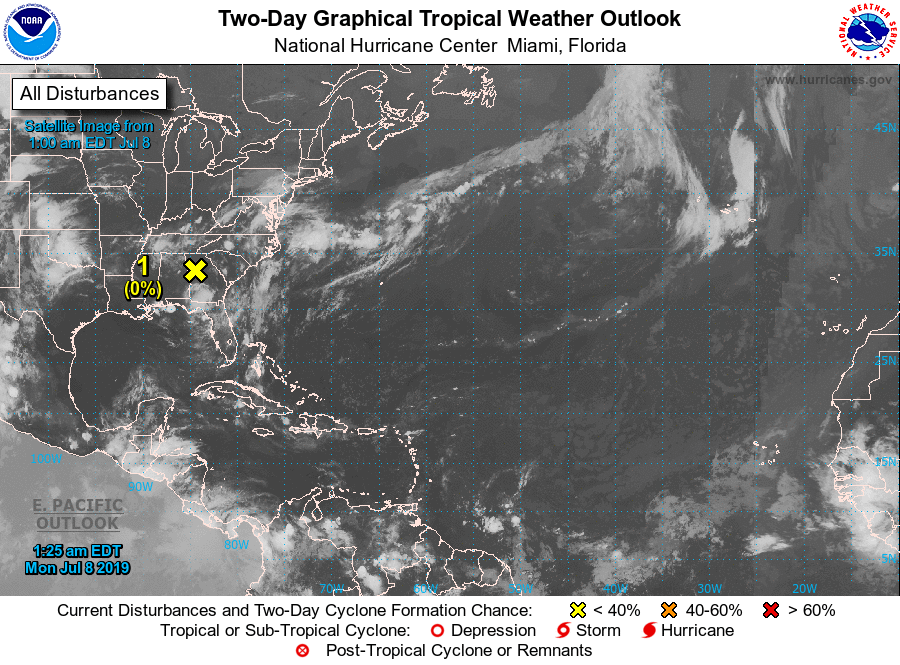
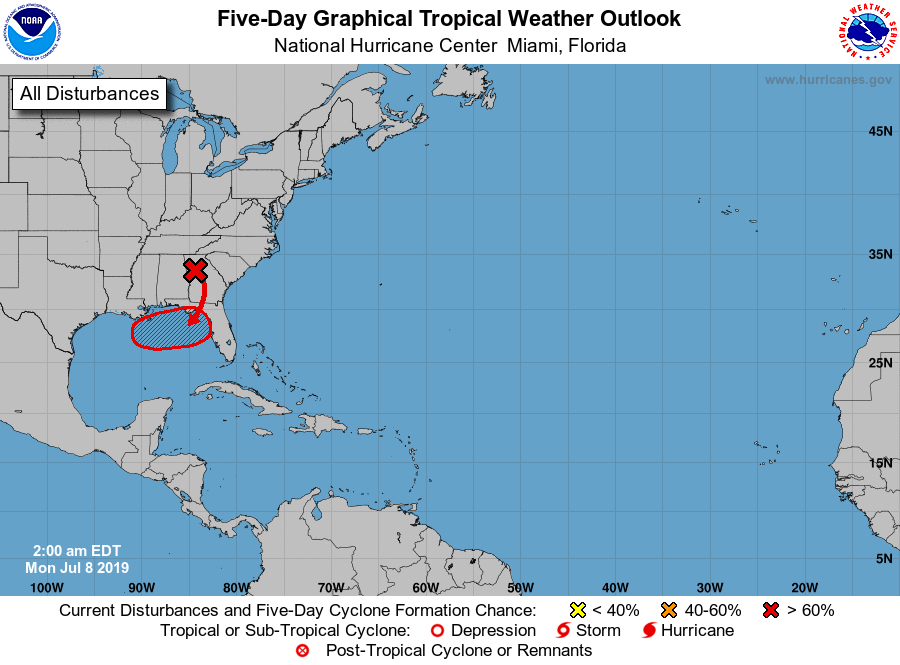
For the North Atlantic...Caribbean Sea and the Gulf of Mexico:

1. A trough of low pressure located over the southeastern United States is forecast to move southward toward the northeastern Gulf of Mexico, where a broad area of low pressure will likely form in a couple of days. Some gradual development is possible thereafter and a tropical depression could form by the end of the week while the low meanders near the northern Gulf Coast. Regardless of development, this system has the potential to produce heavy rainfall along portions of the northern U.S. Gulf Coast later this week. For more information about the rainfall threat, please see products issued by your local weather forecast office and the Weather Prediction Center. Interests along the northern Gulf Coast and Florida peninsula should monitor the progress of this system.
* Formation chance through 48 hours...low...near 0 percent.
* Formation chance through 5 days...high...70 percent.

Forecaster Latto/Pasch